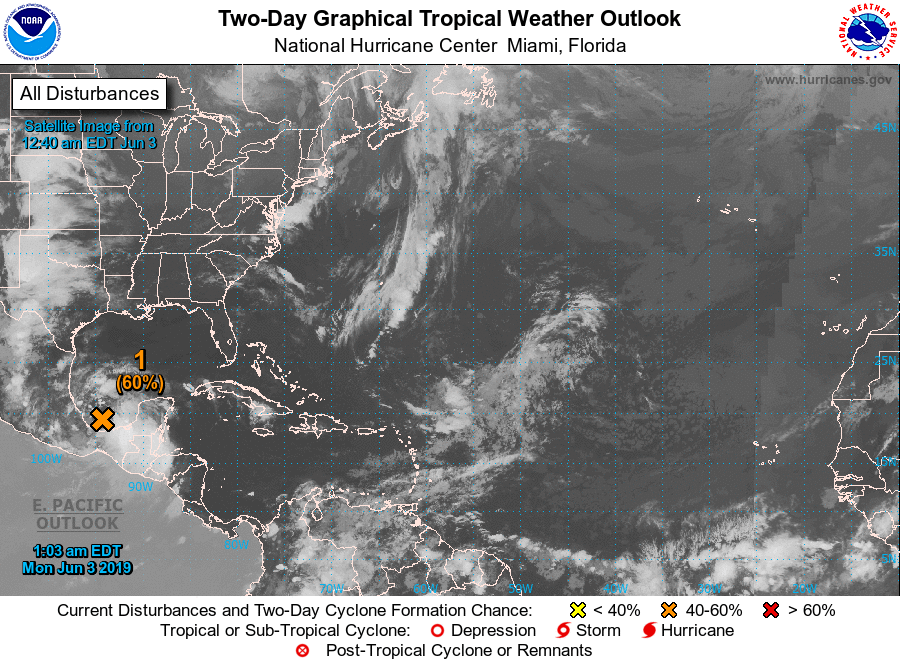
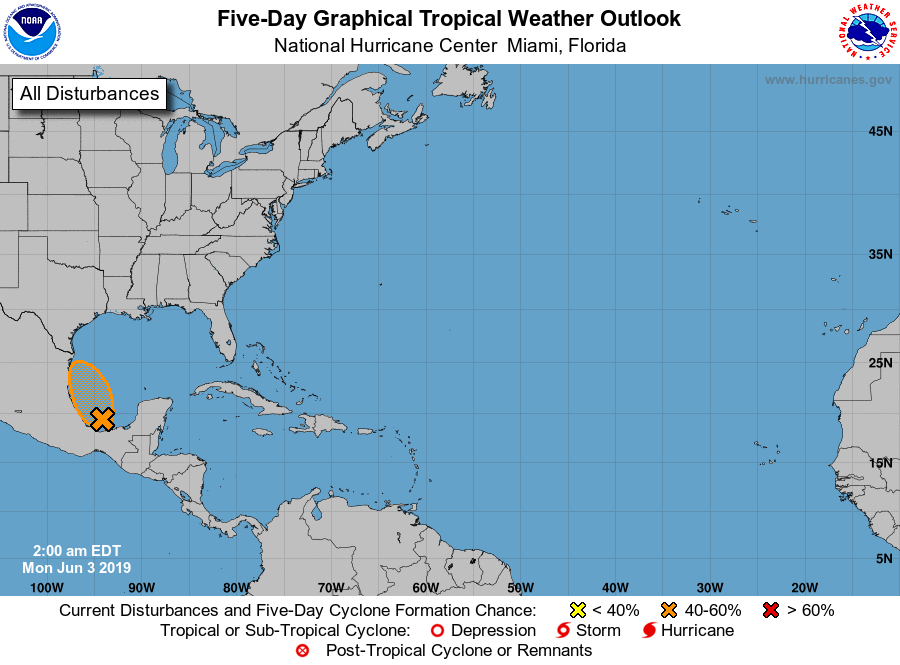
For the North Atlantic...Caribbean Sea and the Gulf of Mexico:

1. Showers and thunderstorms have increased since yesterday in association with a broad area of low pressure over the Bay of Campeche. However, recent satellite wind data show the low does not have a well-defined circulation. This system is expected to move slowly northwestward toward the northeastern coast of Mexico, and may become a tropical cyclone before it moves inland in a day or two. Regardless of development, the disturbance will likely produce heavy rainfall over portions of southern and eastern Mexico during the next few days. An Air Force Reserve reconnaissance aircraft will investigate the disturbance this afternoon, if necessary. Interests along the Gulf coast of Mexico should monitor the progress of this system.
* Formation chance through 48 hours...medium...60 percent.
* Formation chance through 5 days...medium...60 percent.

Forecaster Beven